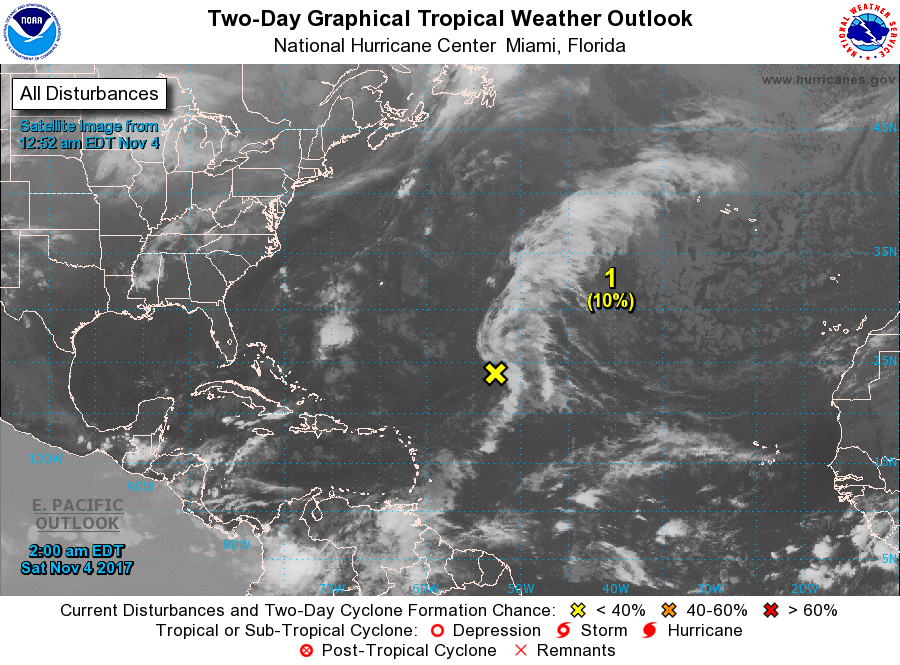
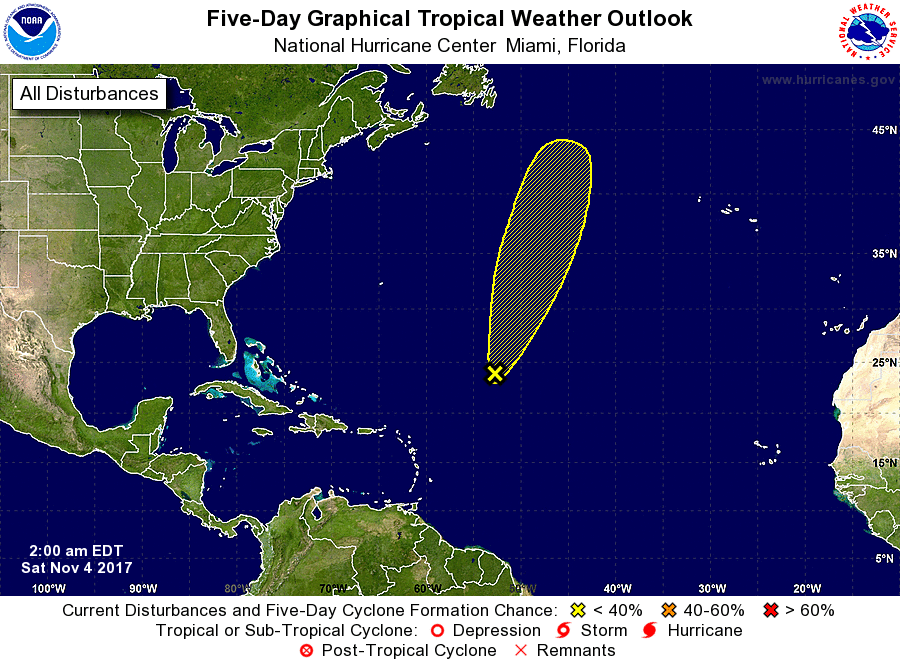
For the North Atlantic...Caribbean Sea and the Gulf of Mexico:

1. A weak low pressure area about 950 miles southeast of Bermuda is producing disorganized shower and thunderstorm activity. This low could acquire some tropical or subtropical characteristics as it moves to the north-northeast over the central Atlantic this weekend and early next week.
* Formation chance through 48 hours...low...10 percent.
* Formation chance through 5 days...low...30 percent.

Forecaster Beven